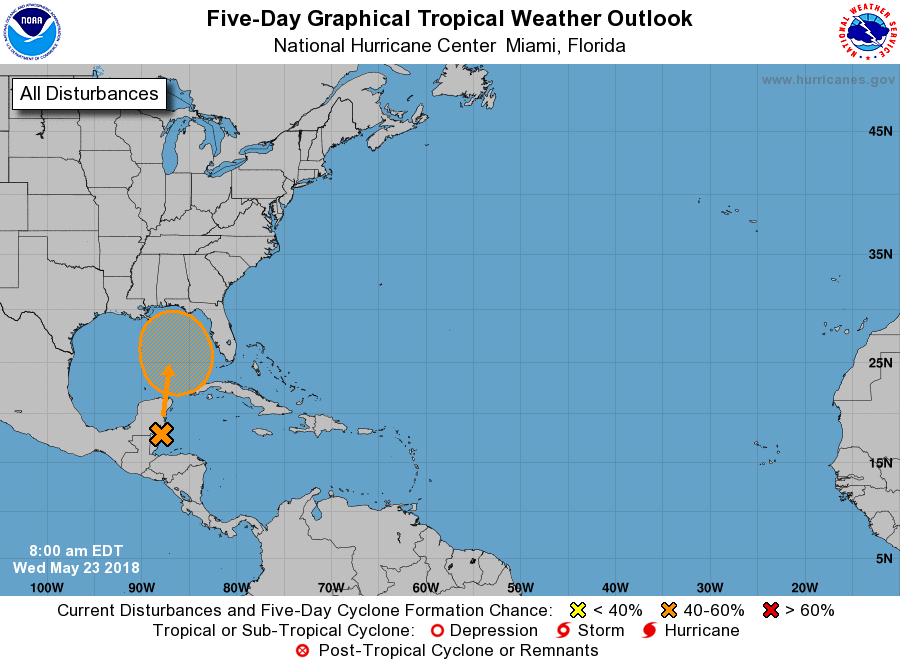
For the North Atlantic...Caribbean Sea and the Gulf of Mexico:

1. A broad surface low centered near the coast of northeastern Belize continues to produce a large area of cloudiness and showers extending from the northwestern Caribbean Sea across Cuba and into the Florida Straits. Little development is expected during the next couple of days due to strong upper-level winds and proximity to the Yucatan Peninsula. However, environmental conditions are then forecast to become more conducive for development, and a subtropical or tropical depression could form this weekend over the eastern or central Gulf of Mexico. Regardless of development, locally heavy rainfall is possible across western Cuba and the Cayman Islands during the next few days, and over much of Florida and the northern Gulf Coast during the weekend. For more information on the heavy rain threat, please see products issued by your local weather office. The next Special Tropical Weather Outlook on this system will be issued by 800 PM EDT.
* Formation chance through 48 hours...low...near 0 percent.
* Formation chance through 5 days...medium...60 percent.

Forecaster Blake